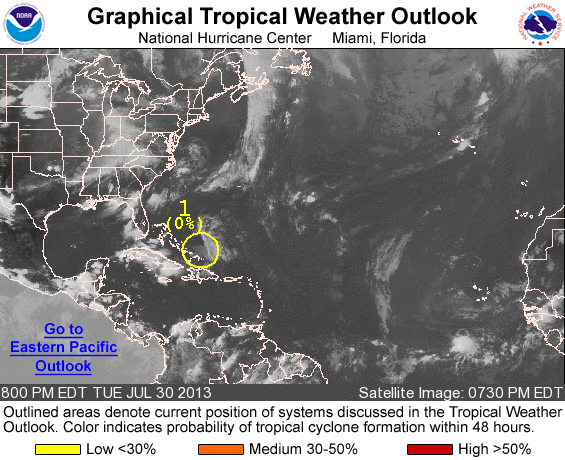
FOR THE NORTH ATLANTIC...CARIBBEAN SEA AND THE GULF OF MEXICO...

1. DISORGANIZED CLOUDINESS AND SHOWERS OVER THE TURKS AND CAICOS ISLANDS...THE SOUTHEASTERN BAHAMAS...AND THE ADJACENT ATLANTIC ARE ASSOCIATED WITH THE REMNANTS OF DORIAN INTERACTING WITH AN UPPER-LEVEL LOW. ENVIRONMENTAL CONDITIONS ARE NOT FAVORABLE FOR REGENERATION...AND THIS DISTURBANCE HAS A LOW CHANCE...NEAR 0 PERCENT...OF BECOMING A TROPICAL CYCLONE DURING THE NEXT 48 HOURS AS IT MOVES WEST-NORTHWESTWARD ACROSS THE BAHAMAS.

ELSEWHERE...TROPICAL CYCLONE FORMATION IS NOT EXPECTED DURING THE NEXT 48 HOURS.

FORECASTER STEWART/CANGIALOSI